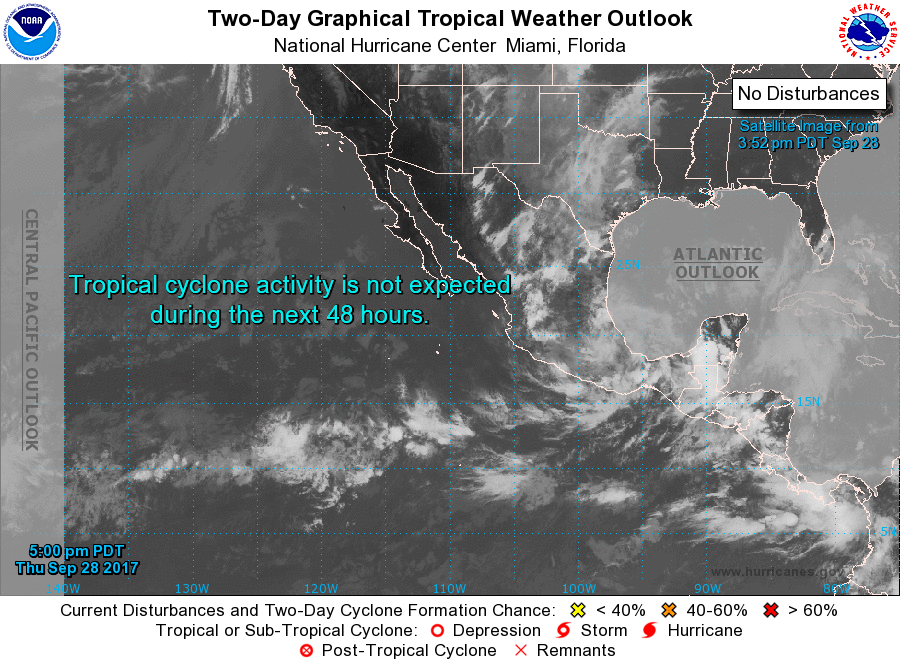
For the eastern North Pacific...east of 140 degrees west longitude:

1. An area of low pressure is expected to form a few hundred miles south of the Gulf of Tehuantepec early next week. Environmental conditions are expected to be conducive for gradual development while the system moves west-northwestward or northwestward.
* Formation chance through 48 hours...low...near 0 percent.
* Formation chance through 5 days...low...20 percent.

Forecaster Roberts